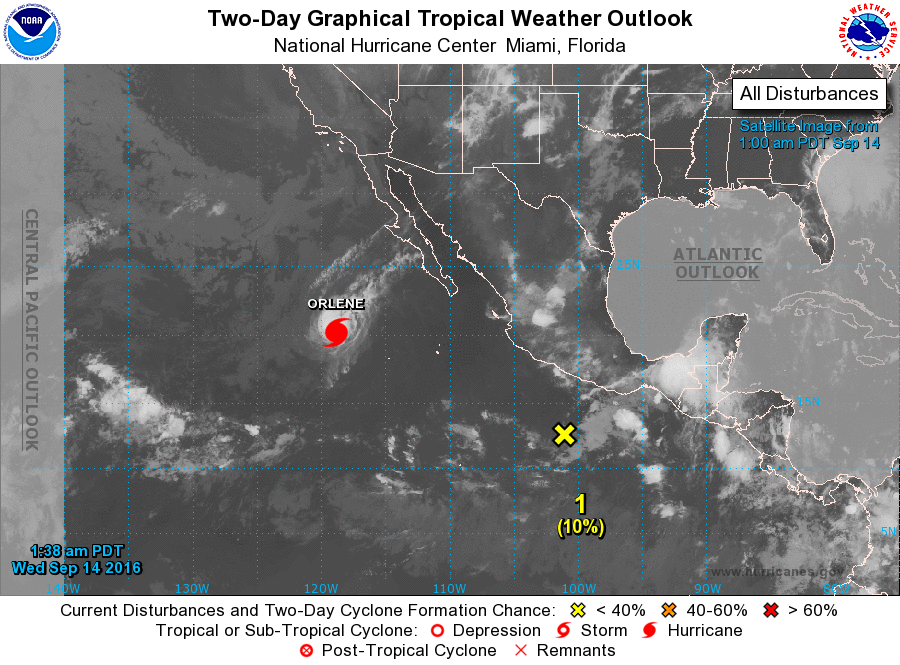
For the eastern North Pacific...east of 140 degrees west longitude:

The National Hurricane Center is issuing advisories on Hurricane Orlene, located several hundred miles west-southwest of the southern tip of the Baja California peninsula.

1. A weak area of low pressure located a few hundred miles south- southwest of Acapulco, Mexico, is producing minimal shower activity. Environmental conditions are expected to become more conducive for development, and a tropical depression could form this weekend or early next week while the low moves west-northwestward to northwestward, parallel to the coast of Mexico.
*Formation chance through 48 hours...low...10 percent
*Formation chance through 5 days...medium...60 percent

Forecaster Cangialosi